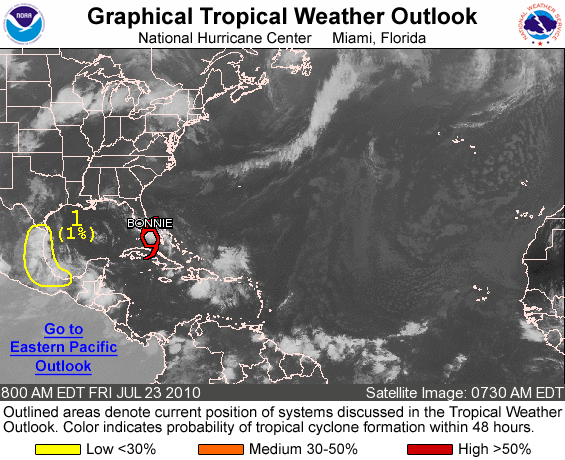
FOR THE NORTH ATLANTIC...CARIBBEAN SEA AND THE GULF OF MEXICO...

THE NATIONAL HURRICANE CENTER IS ISSUING ADVISORIES ON TROPICAL STORM BONNIE LOCATED ABOUT 80 MILES SOUTH-SOUTHEAST OF MIAMI FLORIDA.

1. THE MAJORITY OF THE DISORGANIZED SHOWER AND THUNDERSTORM ACTIVITY ASSOCIATED WITH A BROAD AREA OF LOW PRESSURE LOCATED OVER EASTERN MEXICO HAS MOVED INLAND. DEVELOPMENT OF THIS SYSTEM NOT LIKELY...AND THERE IS A LOW CHANCE...NEAR ZERO PERCENT...OF THIS SYSTEM BECOMING A TROPICAL CYCLONE DURING THE NEXT 48 HOURS.

ELSEWHERE...TROPICAL CYCLONE FORMATION IS NOT EXPECTED DURING THE NEXT 48 HOURS.

PUBLIC ADVISORIES ON TROPICAL STORM BONNIE ARE ISSUED UNDER WMO HEADER WTNT33 KNHC AND UNDER AWIPS HEADER MIATCPAT3. FORECAST/ADVISORIES ARE ISSUED UNDER WMO HEADER WTNT23 KNHC AND UNDER AWIPS HEADER MIATCMAT3.

FORECASTER ROBERTS/AVILA